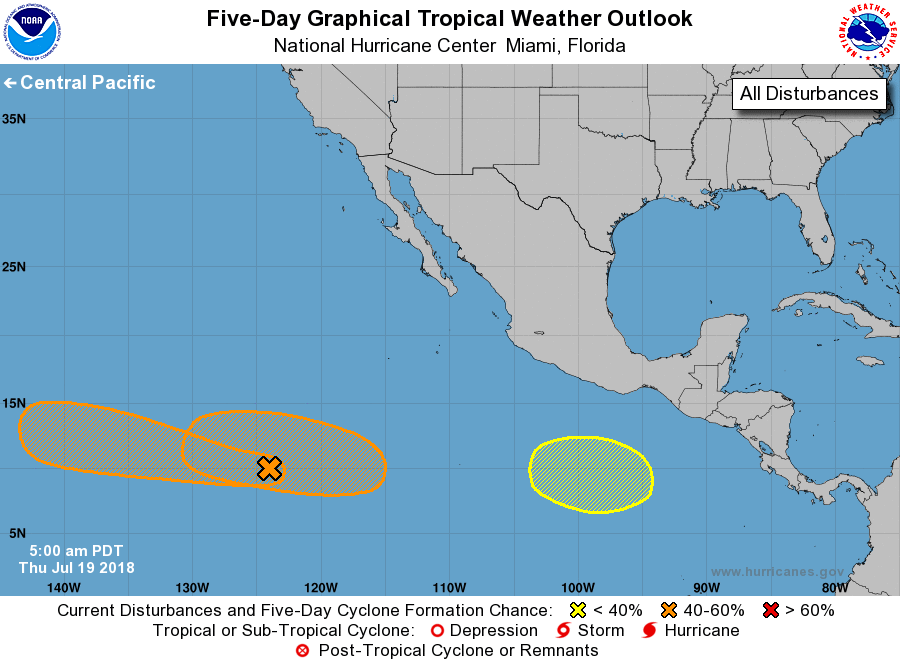
For the eastern North Pacific...east of 140 degrees west longitude:

1. A broad area of low pressure located about 1300 miles southwest of the southern tip of the Baja California peninsula continues to produce a large area of disorganized showers and thunderstorms. Environmental conditions appear conducive for gradual development of this system while it moves quickly westward during the next few days.
* Formation chance through 48 hours...low...30 percent.
* Formation chance through 5 days...medium...40 percent.

2. A low pressure area is expected to form this weekend about 1000 miles south-southwest of the southern tip of the Baja California peninsula. Gradual development of this system is possible early next week while it moves westward.
* Formation chance through 48 hours...low...near 0 percent.
* Formation chance through 5 days...medium...40 percent.

3. Another area of low pressure is likely to form early next week several hundred miles south of the southern coast of Mexico. Conditions appear conducive for some development of this system thereafter while it moves west-northwestward.
* Formation chance through 48 hours...low...near 0 percent.
* Formation chance through 5 days...low...30 percent.

Forecaster Cangialosi